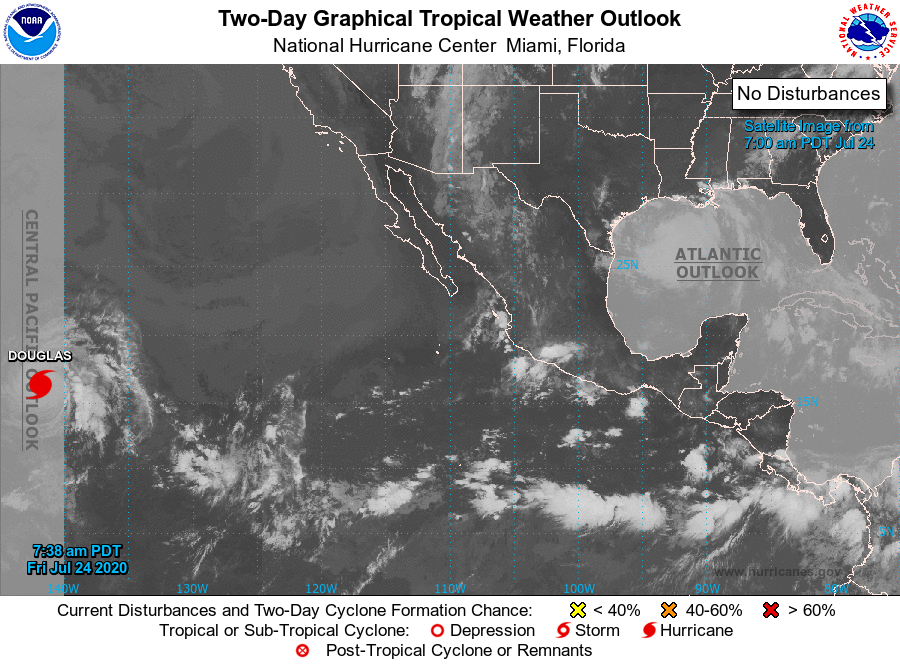
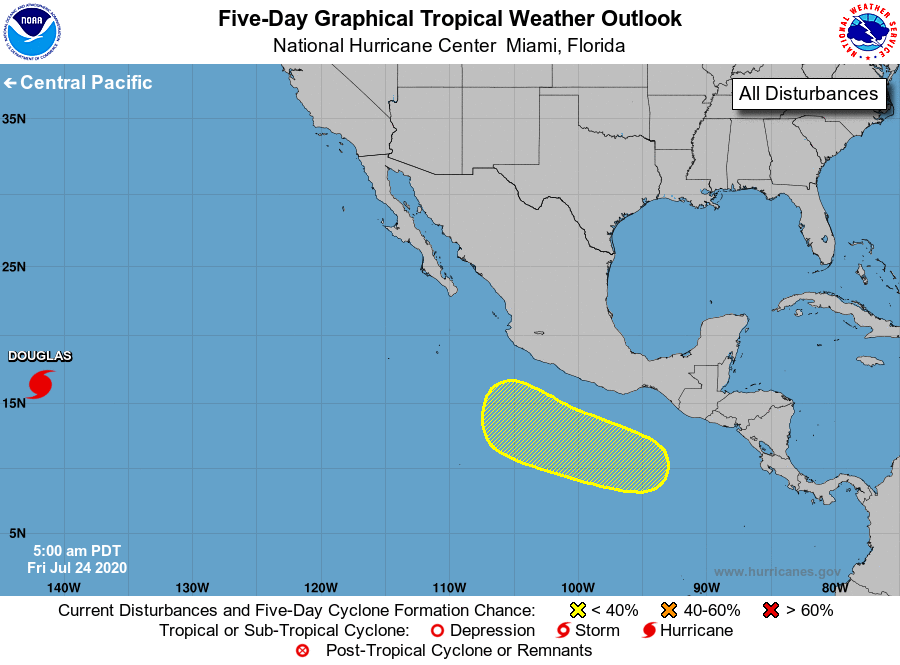
For the eastern North Pacific...east of 140 degrees west longitude:

The National Hurricane Center has issued its last advisory on Hurricane Douglas, which has entered the central Pacific. Future advisories issued by the Central Pacific Hurricane Center will be available at hurricanes.gov.

1. An area of low pressure could form south of the southern coast of Mexico over the weekend or early next week. Some slow development of the system will be possible thereafter while it moves generally west-northwestward.
* Formation chance through 48 hours...low...near 0 percent.
* Formation chance through 5 days...low...10 percent.

Forecast/Advisories on Hurricane Douglas issued by the Central Pacific Hurricane Center can be found under AWIPS header HFOTCMCP2 and WMO header WTPA22 PHFO.

Public Advisories on Hurricane Douglas issued by the Central Pacific Hurricane Center can be found under AWIPS header HFOTCPCP2 and WMO header WTPA32 PHFO.

Forecaster Zelinsky